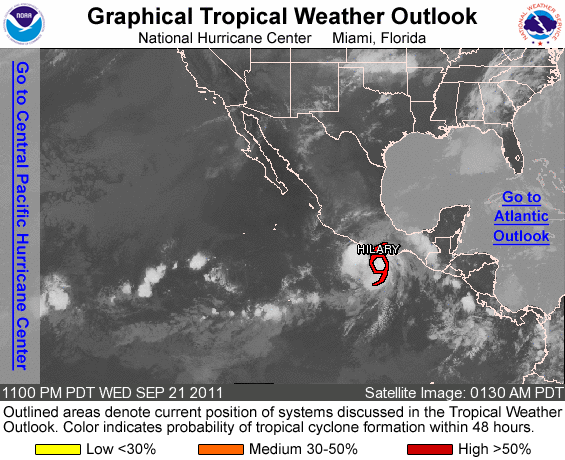
FOR THE EASTERN NORTH PACIFIC...EAST OF 140 DEGREES WEST LONGITUDE..

THE NATIONAL HURRICANE IS ISSUING ADVISORIES ON TROPICAL STORM HILARY...LOCATED ABOUT 100 MILES SOUTH-SOUTHWEST OF PUERTO ESCONDIDO MEXICO.

ELSEWHERE...TROPICAL CYCLONE FORMATION IS NOT EXPECTED DURING THE NEXT 48 HOURS.

PUBLIC ADVISORIES ON HILARY ARE ISSUED UNDER WMO HEADER WTPZ34 KNHC AND UNDER AWIPS HEADER MIATCPEP4. FORECAST/ADVISORIES ON HILARY ARE ISSUED UNDER WMO HEADER WTPZ24 KNHC AND UNDER AWIPS HEADER MIATCMEP4.

FORECASTER BROWN